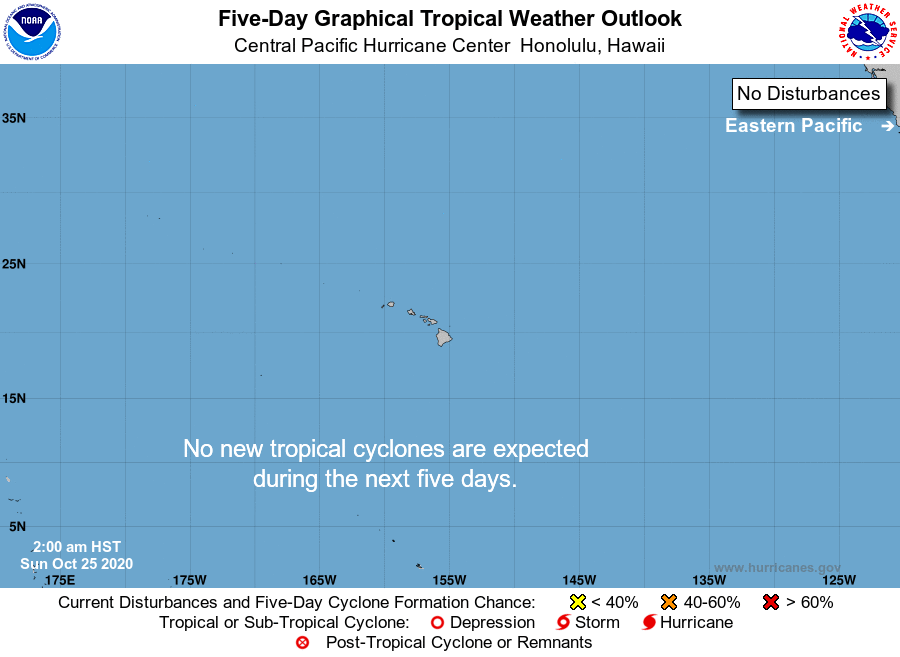
For the central North Pacific...between 140W and 180W:

No tropical cyclones are expected during the next 5 days.

Forecaster Jelsema